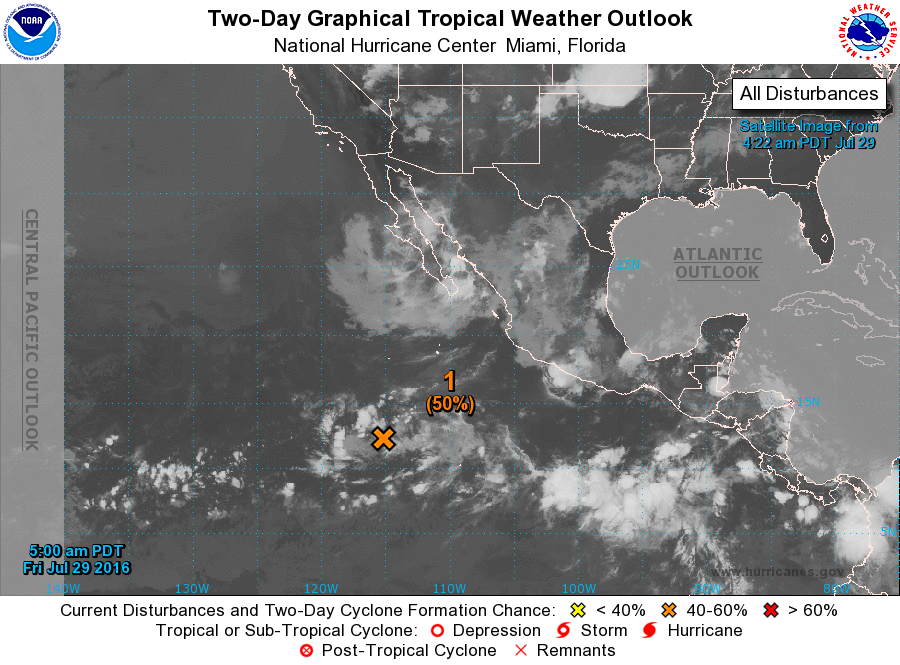
For the eastern North Pacific...east of 140 degrees west longitude:

1. Disorganized showers and a few thunderstorms continue in association with a broad and elongated area of low pressure located about 850 miles south-southwest of the southern tip of the Baja California peninsula. Upper-level winds are forecast to become more conducive for development during the next day or two, and a tropical depression is likely to form over the weekend or early next week while the low moves west-northwestward at 10 to 15 mph.
* Formation chance through 48 hours...medium...50 percent
* Formation chance through 5 days...high...80 percent

Forecaster Cangialosi